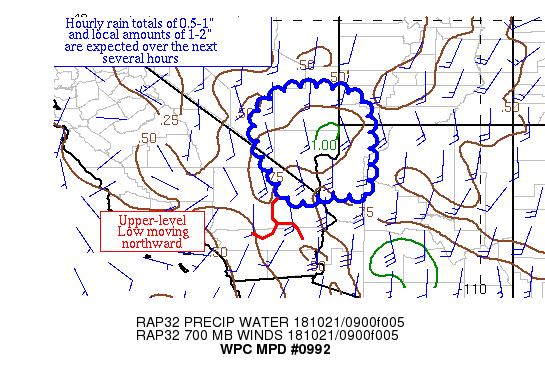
Areas affected...In and near southern NV

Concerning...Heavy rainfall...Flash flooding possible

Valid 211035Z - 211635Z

Summary...Showers and thunderstorms have expanded in coverage in
and near Las Vegas NV.  Hourly rain totals of 0.5-1" and local
amounts of 1-2" are expected over the next several hours.

Discussion...Showers and thunderstorms are thriving to the
northeast of an upper level low located over southern CA.
Precipitable water values are 0.5-1" per recent GPS data, with
surface dew points rising into the low to mid 50s.  MU CAPE values
are 500-1500 J/kg have been pushing northward from western AZ and
southeast CA near and south of a 700 hPa trough moving northward
into the area.  Effective bulk shear of 20-45 kts lies across the
area per SPC mesoanalyses.

With the expansion of showers and thunderstorms, expect
precipitable water values to rise another 0.25" and for rainfall
efficiency to slightly increase.  Radar estimates have advertised
localized areas of 0.5"+ so far, which could enhance further,
particularly if any mesocyclones form within this environment,
which is supported by the available bulk shear.  Short periods of
training could also lead to these rain rates/totals.  Hourly rain
totals of 0.5"+ should continue, with local amounts of 1-2"
expected over the next several hours as activity spreads northward
ahead of the upper low and 700 hPa trough.